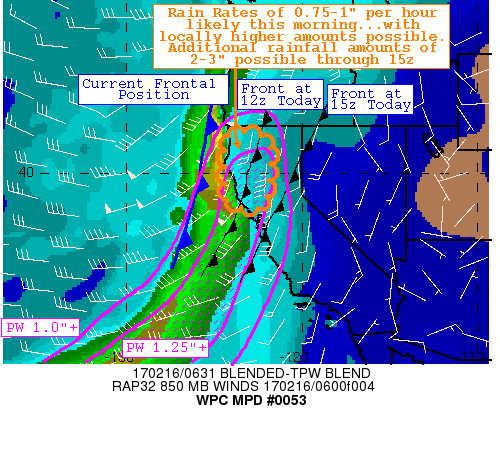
AREAS AFFECTED...N CALIFORNIA

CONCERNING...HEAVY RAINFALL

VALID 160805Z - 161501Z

SUMMARY...A SURGE OF HEAVY RAINFALL RATES POSSIBLY ECLIPSING 1
IN/HR ALONG COASTAL LOCATIONS INTO THE SHASTA CASCADE IS EXPECTED
OVER NRN CA THROUGH 12-15Z THIS MORNING. 2-3 INCHES OF RAIN WITH
LOCALLY HIGHER VALUES WILL BE POSSIBLE IN THESE LOCATIONS THROUGH
15Z.

DISCUSSION...LATEST WATER VAPOR IMAGERY SHOWING A VORTICITY MAXIMA
EMBEDDED WITHIN LARGE SCALE MID LEVEL TROUGH JUST OFFSHORE OF THE
NORTHERN CALIFORNIA COAST NEAR 35N 135W. SOUTH-SOUTHWEST LOW LEVEL
FLOW OF 60-80 KT WILL COMBINE WITH PRECIPITABLE WATER VALUES
MAXING OUT IN THE 1.0 TO 1.4 INCH RANGE ALONG THE NRN CA
COAST...TRANSPORTING A PLUME OF 1000+ KG/M/S INTEGRATED WATER
TRANSPORT ACROSS THE NORTHERN CALIFORNIA COASTAL RANGE INTO THE
SHASTA CASCADE.

WHEN COMBINED WITH STRONG UPPER LEVEL DIFFLUENCE AND APPROACHING
LEFT EXIT REGION JET DYNAMICS JUST OFFSHORE...RAINFALL RATES ARE
EXPECTED TO RANGE BETWEEN 0.75 AND 1.0 IN/HR AT TIMES WITHIN THE
MPD THREAT AREA...WITH THE POSSIBILITY OF RATES EXCEEDING 1.0
IN/HR ON A LOCALIZED BASIS...AND SHOULD BE CONCENTRATED FROM CURRY
TO NRN MENDOCINO COUNTIES WHERE SSW FACING TERRAIN INTERCEPTS THE
ROBUST MOISTURE FLUX.